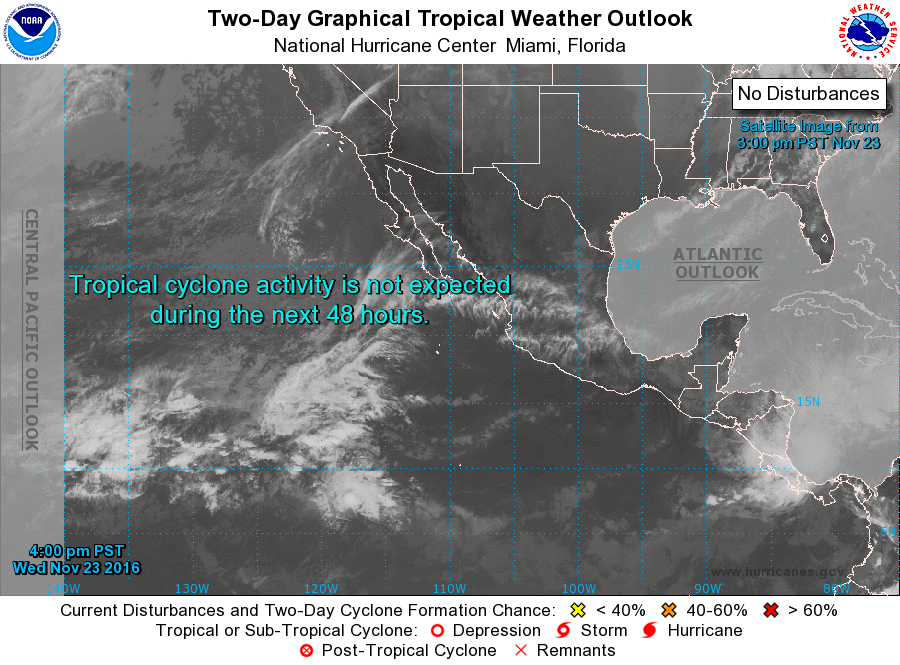
For the eastern North Pacific...east of 140 degrees west longitude:

The National Hurricane Center is issuing advisories on Atlantic basin Tropical Storm Otto, currently located over the southwestern Caribbean Sea. Otto is forecast to cross Central America and move into the eastern North Pacific basin as a tropical cyclone by Friday.

Elsewhere, tropical cyclone formation is not expected during the next 5 days.

Forecaster Roberts